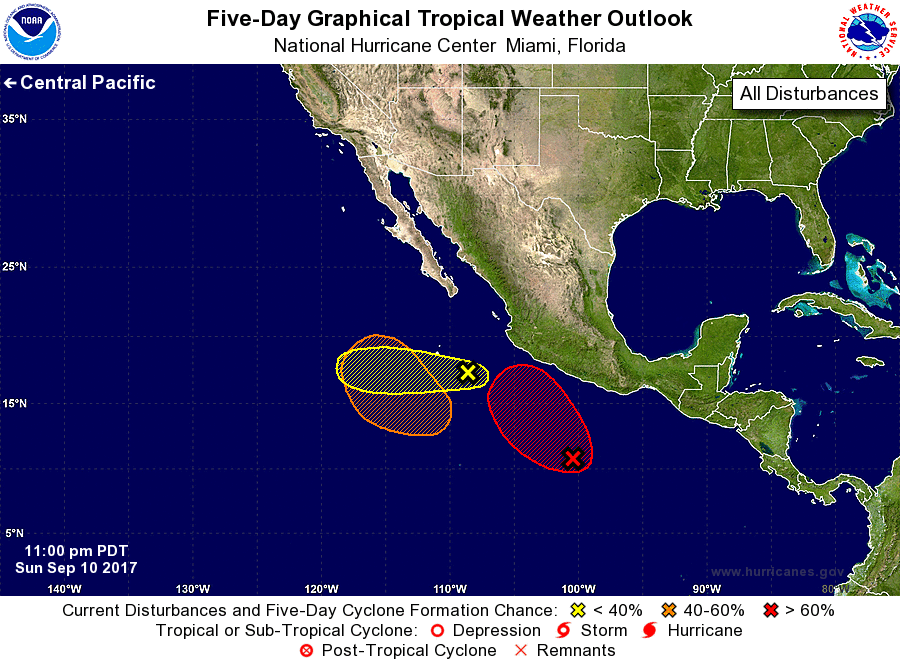
For the eastern North Pacific...east of 140 degrees west longitude:

1. The remnants of Katia located about 300 miles west-southwest of Manzanillo, Mexico continue to produce an area of showers and thunderstorms. Strong upper-level winds should limit development of this system while it moves westward at 10 to 15 mph during the next couple of days.
* Formation chance through 48 hours...low...20 percent.
* Formation chance through 5 days...low...20 percent.

2. A trough of low pressure located a few hundred miles south of the southern coast of Mexico is producing disorganized showers and thunderstorms. Environmental conditions are expected to be conducive for development, and a tropical depression is likely to form later this week while the system moves slowly northwestward.
* Formation chance through 48 hours...low...20 percent.
* Formation chance through 5 days...high...70 percent.

3. Another area of low pressure is expected to form several hundred miles south-southwest of the Baja California peninsula by the middle of the week. Environmental conditions are expected to be conducive for gradual development after that time while it moves northward or northwestward.
* Formation chance through 48 hours...low...near 0 percent.
* Formation chance through 5 days...medium...60 percent.

Forecaster Cangialosi/Ramos